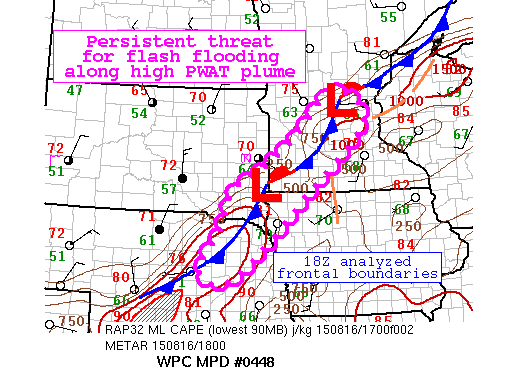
AREAS AFFECTED...NORTHEASTERN NE/SOUTHEASTERN SD/SOUTHERN
MN/NORTHWESTERN IA...

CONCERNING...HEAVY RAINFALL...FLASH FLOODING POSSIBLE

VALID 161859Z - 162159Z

SUMMARY...CONVECTION CONTINUES TO GENERATE ALONG THE LEADING EDGE
OF A WEAK MID/UPPER-LEVEL SHORTWAVE NOTED IN WATER VAPOR IMAGERY.
THE ACTIVITY HAS FOCUSED ALONG A HIGH PWAT PLUME EXTENDING ACROSS
THE REGION. WITH SOILS GRADUALLY BECOMING SATURATED FROM RAINFALL
THE PREVIOUS 24 HOURS...EXPECT THE POTENTIAL FOR FLASH FLOODING.

DISCUSSION...A SLOW-MOVING COLD FRONT CONTINUES TO MARCH EASTWARD
IN THE PRESENCE OF 1.50 TO 1.75 INCH PWATS STRETCHING FROM
CENTRAL/EASTERN NE UP THROUGH EASTERN SD/SOUTHERN MN. ALTHOUGH
BUOYANCY HAS BEEN LIMITED WITH MUCAPE VALUES IN THE 500 TO 1000
J/KG RANGE...HIGHLY EFFICIENT UPDRAFTS HAVE BEEN ABLE TO PRODUCE
LOCALLY HEAVY RAINFALL ACROSS THE REGION. CONVECTIVE DEBRIS HAS
LIMITED SURFACE HEATING FOR THE MOST PART EXCEPT FOR EASTERN
NE/NORTHWESTERN IA WITH 18Z TEMPERATURES SOARING INTO THE MID 80S.
SOME CU DEVELOPMENT HAS BEEN SEEN IN THE REGIONS OF DIMINISHED
CLOUD COVER BUT THERE IS STILL A BIT OF INHIBITION LEFT TO
OVERCOME. EXPECT THE AREAL COVERAGE OF CONVECTION TO EXPAND
FURTHER INTO THE AFTERNOON AS THE BAROCLINIC ZONE WORKS ITS WAY
SLOWLY TOWARD THE EAST. CORFIDI VECTORS REMAIN SMALL THE NEXT
HOURS SUGGESTING THE THREAT FOR TRAINING. ADDITIONALLY...LOW-LEVEL
FLOW DOES NOT APPEAR TO BE AN ISSUE AS THE VWP DATA OUT OF OMAHA
NE SHOWED 20 TO 25 KNOTS OF SOUTH-SOUTHWESTERLY FLOW IMPINGING ON
THE BOUNDARY.

THERE IS A LOOSE SIGNAL IN THE CAMS SUGGESTING THE HEAVY RAINFALL
THREAT INTO THE EVENING HOURS. THE LIMITED INSTABILITY WILL LIKELY
BE THE BIGGEST NEGATING FACTOR TO SEEING MORE WIDESPREAD COVERAGE
OF CONVECTION. WILL ALLOW THE EVENING SHIFT TO RE-ASSESS THE
CONVECTIVE TRENDS AND OBSERVATIONAL DATA FOR A POSSIBLE
RE-ISSUANCE.